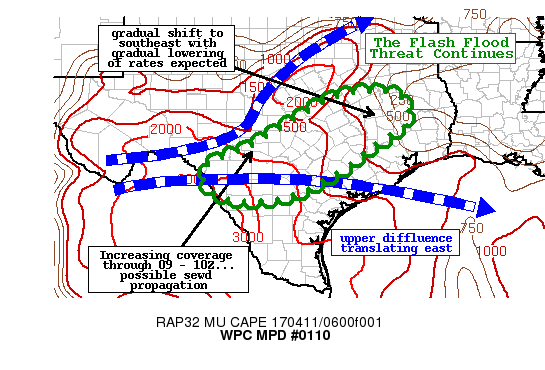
AREAS AFFECTED...S-CNTRL TO E-CNTRL TX

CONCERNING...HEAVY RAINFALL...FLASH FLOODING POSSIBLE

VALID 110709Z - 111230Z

SUMMARY...FLASH FLOOD THREAT WILL LINGER THROUGH EARLY MORNING
WITH EXPECTED UPTICK IN HEAVY RAIN COVERAGE ACROSS THE SRN EDWARDS
PLATEAU...AND WITH GRADUAL SEWD SHIFTING OF THE ONGOING ACTIVITY
IN E-CNTRL TX. FLASH FLOODING SHOULD BE LOCALIZED TO A FEW
CORES...POSSIBLY REACHING 5+ INCHES THROUGH 12Z.

DISCUSSION...THE FLASH FLOOD THREAT THROUGH 06Z HAS BEEN CONFINED
TO A FEW 1-2 COUNTY-WIDE CORES OF 5+ INCHES VIA DUAL-POL ESTIMATES
DOTTING TX FROM THE SRN TRANS-PECOS INTO THE I-35 CORRIDOR BETWEEN
INJ AND TPL. WHILE COVERAGE HAS INCREASED SOUTH OF THE DFW
METROPLEX BETWEEN I-35 AND I-45...STORMS TO THE SOUTHWEST...OVER
THE EDWARDS PLATEAU...HAVE YET TO INCREASE IN COVERAGE AS SEVERAL
HI-RES MODELS HAVE BEEN SUGGESTING. HOWEVER...AS A WELL DEFINED
UPPER LEVEL TROUGH RAPIDLY APPROACHES FROM THE WEST...AS SEEN ON
WATER VAPOR IMAGERY...KEWX RADAR HAS SHOWN AN RECENT INCREASE IN
THUNDERSTORM ACTIVITY OVER KERR...BANDERA AND UVALDE COUNTIES.
INCREASING UPPER DIFFLUENCE AHEAD OF THE SHORTWAVE APPEARS TO BE
COMBINING WITH A BROAD RESERVOIR OF UNTAPPED INSTABILITY LOCATED
NORTHWEST OF SAT...WITH 1500-2500 J/KG MLCAPE PER A RECENT SPC
MESOANALYSIS. INCREASING COVERAGE OF CONVECTION IS EXPECTED OVER
THE NEXT 2-3 HOURS WITH POSSIBLE COLD POOL GENERATION AND
PROPAGATION TOWARD THE SOUTHEAST PER CORFIDI VECTORS.

CONVECTIVE COVERAGE HAS BEEN MORE WIDESPREAD ACROSS PORTIONS OF
E-CNTRL TX WITH THE BEGINNINGS OF AN MCS FORMATION APPARENT AS OF
0630Z IN INFRARED SATELLITE IMAGERY. WHILE THE 06Z SPC
MESOANALYSIS PAGE SHOWED REDUCED INSTABILITY ACROSS THIS
REGION...A SLOW BUT STEADY SWD PUSH TO THE SYNOPTIC COLD
FRONT...INCREASING UPPER DIFFLUENCE AHEAD OF THE AFOREMENTIONED
SHORTWAVE AND CONTINUED ADVECTION OF LOW LEVEL MOISTURE VIA 20-30
KT 850 MB FLOW IS EXPECTED TO SUSTAIN HEAVY RAIN RATES OVER THE
NEXT FEW HOURS WITH POSSIBLE WEAKENING TOWARD 12Z WITH REDUCING
INSTABILITY TOWARD E TEXAS...ESPECIALLY IF CONVECTION BECOMES
BETTER DEVELOPED ACROSS S-CNTRL TX. 1-3 INCHES WILL BE POSSIBLE
ACROSS A BROAD REGION OF THE MPD THREAT AREA...WITH LOCALIZED
MAXIMA IN EXCESS OF 5 INCHES POSSIBLE THROUGH 13Z.